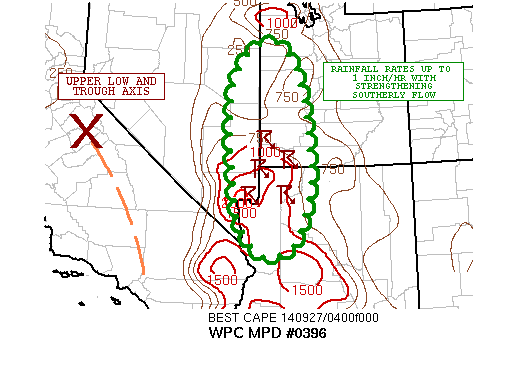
AREAS AFFECTED...EASTERN NV...WESTERN UT...NORTHWEST AZ

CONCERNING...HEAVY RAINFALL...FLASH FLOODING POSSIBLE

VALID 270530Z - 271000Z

SUMMARY...CONVECTION SHOULD BECOME MORE ORGANIZED WITH LINEAR
SEGMENTS OVERNIGHT AND A GROWING RISK OF TRAINING CELLS. FLASH
FLOODING WILL BE POSSIBLE THROUGH EARLY MORNING.

DISCUSSION...THE LATEST WV IMAGERY SHOWS A STRONG UPR TROUGH AND
ASSOCD CLOSED LOW MOVING THROUGH CNTRL CA ATTM. DOWNSTREAM FROM
THIS OVER MUCH OF THE GREAT BASIN IS A VERY DIFFLUENT UPR LVL FLOW
REGIME WITH CLEAR TRENDS SEEN TWD STRONGER DEEP LYR FORCING. THE
FORCING ALOFT HAS BEEN INTERACTING WITH A MODEST PLUME OF
INSTABILITY AND MOISTURE ADVECTING NWD OUT OF THE SOUTHWEST...AND
THERE HAS BEEN A TREND OVER THE LAST COUPLE OF HOURS TWD A
SOMEWHAT MORE ORGANIZED MULTICELL CONVECTIVE DEVELOPMENT IN
PARTICULAR OVER FAR SERN NV...EXTREME NWRN AZ AND SWRN UT.

STRONGER DYNAMICS ALOFT WILL BE ARRIVING THROUGH THE OVERNIGHT
HOURS AND DESPITE THE RATHER MODEST INSTABILITY
ENVIRONMENT...STRENGTHENING SHEAR COUPLED WITH AN INCREASE IN THE
AMT OF LOW/MID LVL MOISTURE SHOULD COMPENSATE ENOUGH TO YIELD
SEVERAL ORGANIZED N/S ORIENTED BANDS OF CONVECTION. THE N/S AND
LINEAR MODE OF THE ACTIVITY WILL FAVOR TRAINING CONVECTION.
RAINFALL RATES UP TO 1 INCH/HR ARE EXPECTED AND WITH REPEATING
CELLS...THERE WILL BE A RISK OF FLASH FLOODING...AND ESP OVER
AREAS OF HIGHER TERRAIN.

THE 00Z ARW AND 00Z NMMB APPEAR TO HAVE A REASONABLY GOOD HANDLE
ON THE CURRENT ACTIVITY...AND AGREE VERY WELL THAT CONVECTION WILL
EXPAND IN COVERAGE TO THE NORTH OVER THE NEXT FEW HOURS...WITH
AMTS OF 1 TO 2 INCHES AND ISOLD HEAVIER AMTS POSSIBLE WHERE
TRAINING OCCURS. WILL CONTINUE TO MONITOR.